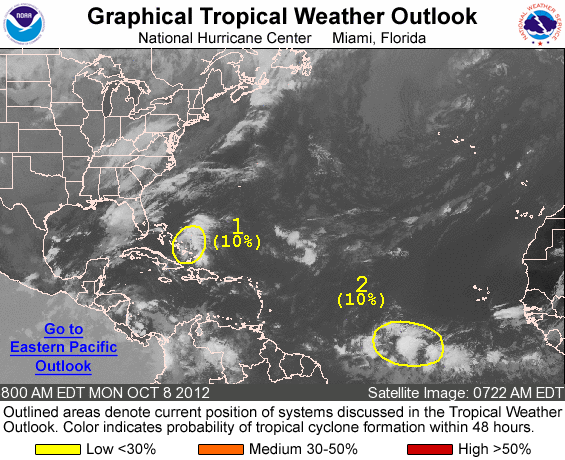
FOR THE NORTH ATLANTIC...CARIBBEAN SEA AND THE GULF OF MEXICO...

1. A TROUGH OF LOW PRESSURE EXTENDING FROM THE SOUTHEASTERN BAHAMAS NORTHWARD OVER THE WESTERN ATLANTIC FOR A COUPLE HUNDRED MILES CONTINUES TO PRODUCE DISORGANIZED SHOWERS AND THUNDERSTORMS. UPPER-LEVEL WINDS ARE FORECAST TO BECOME LESS CONDUCIVE FOR DEVELOPMENT AS THE TROUGH MOVES NORTHWESTWARD AT ABOUT 10 MPH DURING THE NEXT DAY OR TWO. THIS SYSTEM HAS A LOW CHANCE...10 PERCENT...OF BECOMING A TROPICAL CYCLONE DURING THE NEXT 48 HOURS.

2. A BROAD AREA OF LOW PRESSURE AND A TROPICAL WAVE LOCATED ABOUT 1600 MILES EAST-SOUTHEAST OF THE LESSER ANTILLES ARE PRODUCING AN ELONGATED AREA OF SHOWERS AND THUNDERSTORMS OVER THE TROPICAL ATLANTIC. DEVELOPMENT...IF ANY...OF THIS DISTURBANCE IS EXPECTED TO BE SLOW TO OCCUR AS IT MOVES WESTWARD OR WEST-NORTHWESTWARD AT 15 TO 20 MPH DURING THE NEXT COUPLE OF DAYS. THIS SYSTEM HAS A LOW CHANCE...10 PERCENT...OF BECOMING A TROPICAL CYCLONE DURING THE NEXT 48 HOURS.

ELSEWHERE...TROPICAL CYCLONE FORMATION IS NOT EXPECTED DURING THE NEXT 48 HOURS.

FORECASTER STEWART